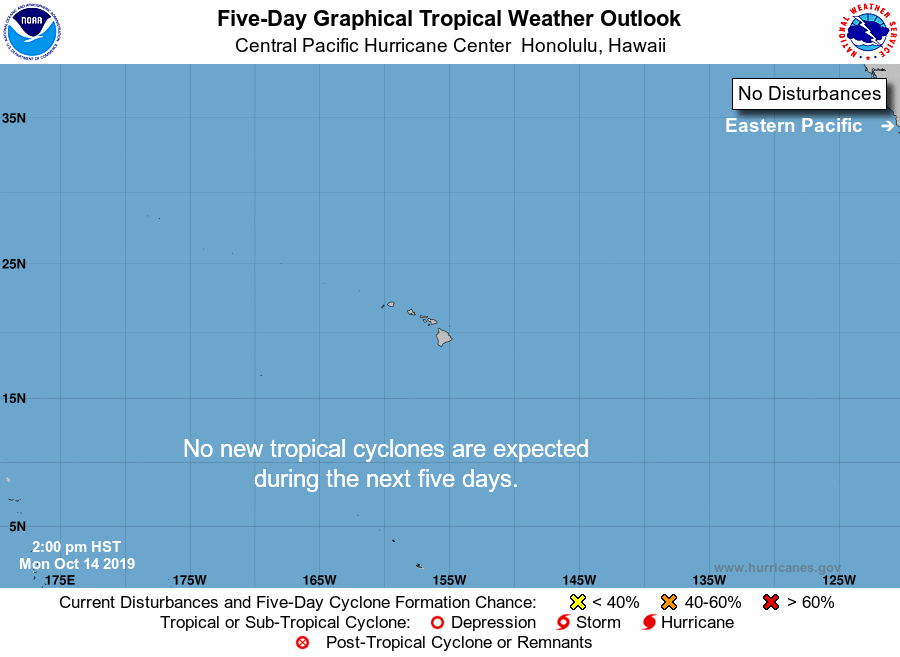
For the central North Pacific...between 140W and 180W:

No tropical cyclones are expected during the next 5 days.

Forecaster M Ballard